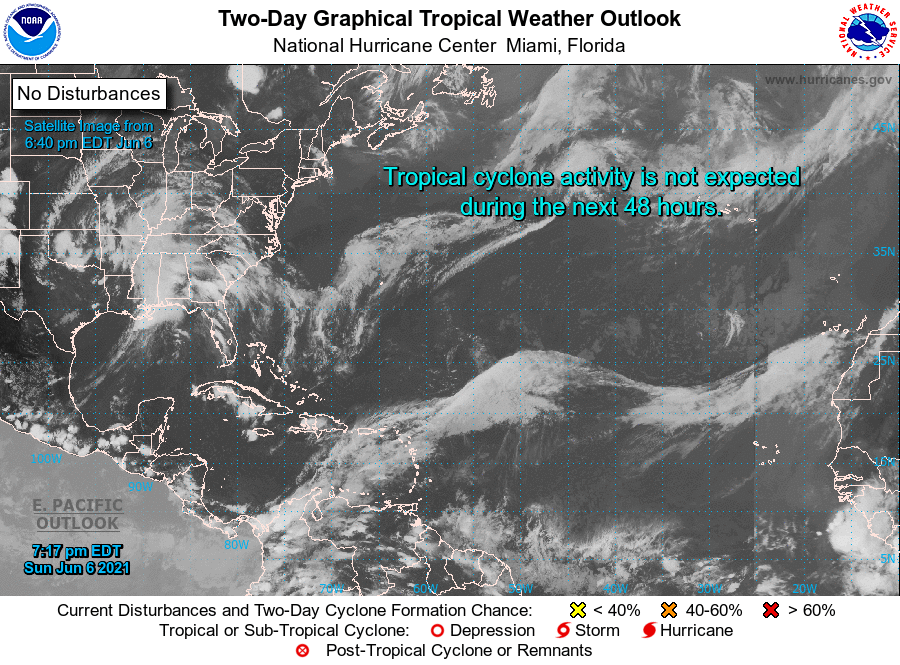
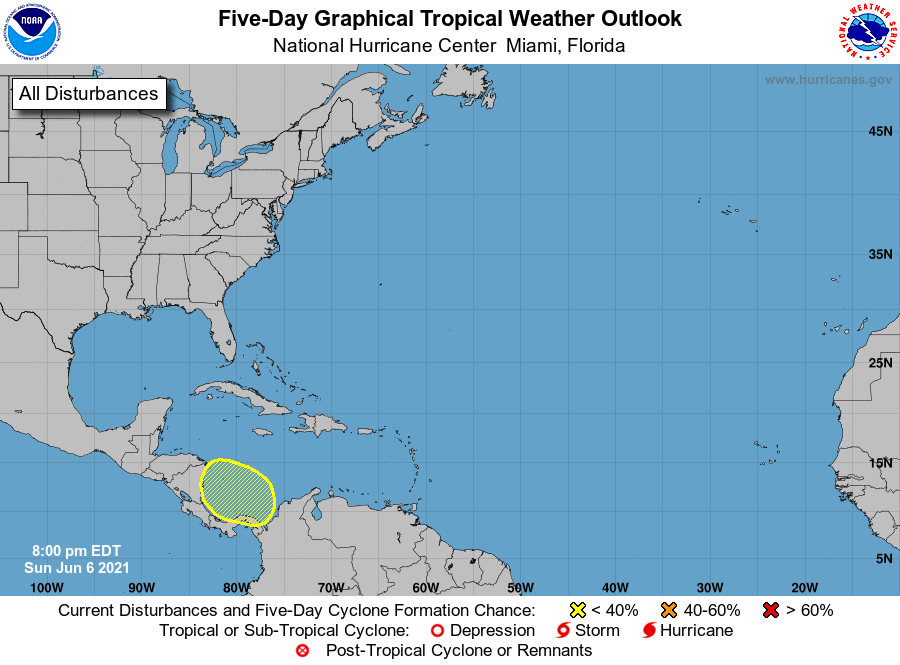
For the North Atlantic...Caribbean Sea and the Gulf of Mexico:

1. An area of low pressure is expected to develop over the southwestern Caribbean Sea by Thursday or Friday. Some gradual development will be possible thereafter as the system moves slowly northwestward toward Central America.
* Formation chance through 48 hours...low...near 0 percent.
* Formation chance through 5 days...low...20 percent.

Forecaster Stewart